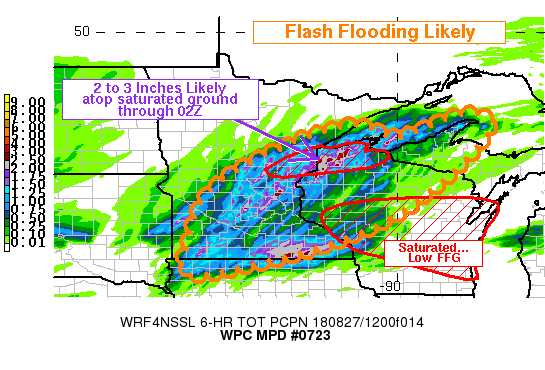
Areas affected...ERN MN...NRN WI...NRN MI...FAR NRN IA

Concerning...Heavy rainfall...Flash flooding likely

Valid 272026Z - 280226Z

Summary...Flash flooding likely, especially in areas saturated by
recent rainfall denoted on the discussion graphic in Wisconsin and
Minnesota.

Discussion...At 20Z convection was increasing in coverage
immediately ahead of a pronounced shortwave trough that was
evident in GOES-16 water vapor imagery over northwest Iowa to
southwest Minnesota. A separate batch of strong convection was
expanding along I-35 north of Minneapolis over into northern
Wisconsin. This area is of particular concern owing to recent
rains that had saturated the soil and lowered Flash Flood Guidance
values to 1.00-1.50 inches in one hour or 1.50-2.00 inches in 3
hours. Estimated rain rates from KMPX at 20Z were already around
1.50 inches in an hour in spots.

Synoptically, the event was well defined, and the convection
extending into northern Wisconsin represented a warm advection
wing north of the re-enforced effective warm front and roughly
downstream from an effective triple-point near Moose Lake. Storms
forming in this regime are typically a little slower moving,
experiencing some backing of flow in advance of the approaching
shortwave, and are oriented in a manner to allow for training.
Mesoscale guidance is practically unanimous in producing at least
some 2 to 3 inch rainfall totals here from eastern MN into
northern WI this afternoon and early evening. With precipitable
water values some 2.5 standard deviations above climatology and
storms becoming increasingly surface based (noting erosion of
inhibition for mixed-layer parcels marked by >2000 J/kg CAPE per
the SPC Mesoanalysis), some intense short term rain rates and
isolated new rainfall totals over 4 inches appears possible. The
NSSL WRF (QPF shown in graphic) and many other hi-res models place
this event right over the lowest FFG.

Meanwhile farther south, a progressive MCS is forecast to occur
ahead of the wave moving into IA/MN and eventually western
Wisconsin. A similarly moist and unstable environment throughout
the region will support rapid accumulation of up to 2 inches of
rain wherever cell mergers occur - such as had the potential to
occur near the MN/IA border per 20Z radar loops. The RAP depicts
continued low level mass convergence in this region amid ongoing
deep layer height falls. As such, the initial round of convection
will likely be followed by continued growth of new storms
occurring north of outflows well into the evening. This will
become more of a problem downstream into Wisconsin where heavy
rain fell last night, and there are indications that training
could become more focused there beyond about 01-02Z.